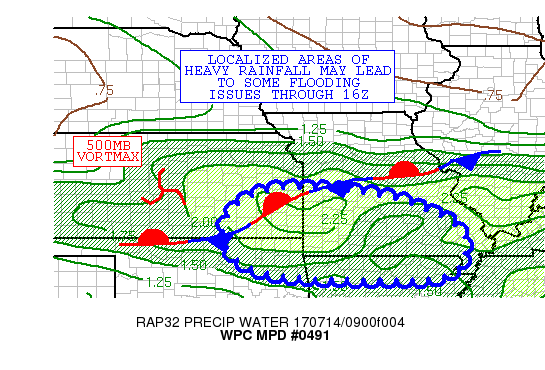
AREAS AFFECTED...SE KANSAS...S MISSOURI...N ARKANSAS

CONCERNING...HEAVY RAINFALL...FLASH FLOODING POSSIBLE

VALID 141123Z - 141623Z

SUMMARY...A MID LEVEL SHORTWAVE IMPULSE AND A SURFACE FRONT ARE
ACTING AS A FOCUS FOR ACTIVE CONVECTION THIS MORNING.  HOURLY RAIN
RATES OF 2 INCHES WITH LOCAL AMOUNTS TO 4 INCHES OVER THE NEXT
SEVERAL HOURS ARE POSSIBLE.

DISCUSSION...A SLOW MOVING VORTMAX OVER CENTRAL KANSAS EARLY THIS
MORNING IS ACTING TO AID DIVERGENCE OVER AN AREA OF ONGOING
THUNDERSTORMS ACROSS SOUTHEAST KANSAS.  ANOTHER AREA OF SLOW
MOVING THUNDERSTORM ACTIVITY IS NOTED NEAR THE ARKANSAS/MISSOURI
BORDER.  PRECIPITABLE WATER VALUES OF 1.7 TO 2.2 INCHES EXIST HERE
PER RAP ANALYSES AND EARLY-MORNING GPS DATA.  INFLOW AT 850 HPA IS
20 TO 30 KTS FROM THE SOUTHWEST WITH MUCAPE VALUES ON THE ORDER OF
500 TO 1000 J/KG.  THE INSTABILITY SHOULD INCREASE TO NEAR 2000
J/KG OR GREATER LATER THIS MORNING BASED ON THE LATEST RAP MODEL
FORECAST.

THE HI RES GUIDANCE HAS A DECENT SIGNAL FOR HEAVY RAINFALL HERE.
THE LATEST HRRR, HRRRX, WRF NSSL, AND NAM CONEST ARE SUGGESTING
THE POSSIBILITY OF LOCALIZED 3 INCH RAINFALL MAXIMA THROUGH 15Z,
WHILE THE ARW AND NMMB ARE MORE CONSERVATIVE WITH AMOUNTS.
LOCALIZED AREAS OF FLASH FLOODING ARE POSSIBLE DESPITE THE
RELATIVELY HIGH FLASH FLOOD GUIDANCE GIVEN THE VERY SLOW STORM
MOVEMENT EXPECTED.